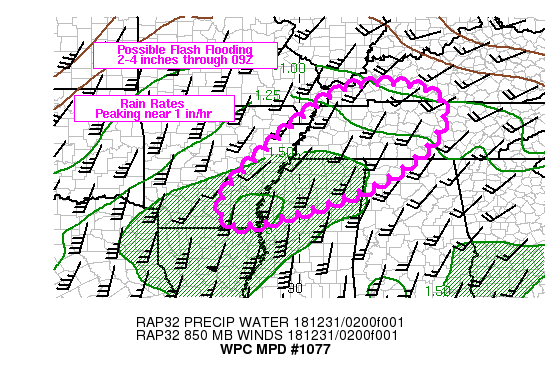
Areas affected...portions of the lower Mississippi to lower Ohio
Valleys

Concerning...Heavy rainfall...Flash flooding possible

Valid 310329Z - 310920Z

Summary...Flash flooding will be possible for portions of the
lower Mississippi Valley into western Tennessee and the lower Ohio
Valley through 09Z. Rainfall rates peaking near 1 in/hr along with
periods of training will allow for 2-4 inches of rain in a few
locations over a 6 hour duration.

Discussion...03Z radar imagery showed a broad area of light to
moderate rain with embedded heavy elements in southeastern
Arkansas into northern Mississippi. Heavy rain was occurring at
the leading edge of a strengthening 850 mb surge of winds with
02-03Z VAD wind plots showing 40-45 kt at KPOE and KDGX but only
10-20 kt at KLZK and KNQA from the south to south-southwest. The
axis of strong low level speed convergence currently extending
from southern Arkansas into northern Mississippi is forecast by
the RAP to track toward the north-northeast, reaching northeastern
Arkansas to the western Kentucky/Tennessee border by 09Z along
with 850 mb wind speeds peaking near 60 kt.

00-02Z Precipitable water values (per sounding and GPS data) were
anomalously high at LZK, JAN, SHV with values ranging between 1.4
to 1.7 inches, near the 95th percentile, but MUCAPE was somewhat
lacking, only near 500 J/kg across southern Arkansas and northern
Mississippi with less than 100 J/kg in western Tennessee. Mean
storm motions are very close to the 850 mb wind direction which
will promote periods of training with a general movement off
toward the east with time. 3-hourly rainfall rates are expected to
eclipse 2 inches in a few locations which is what Flash Flood
Guidance currently shows across roughly half of the MPD threat
area, with 6 hour totals between 2-4 inches. While these rains are
forecast to occur in a relative min of 7-14 day rainfall
departures from normal, flash flooding may still occur in a few
locations given the proximity to Flash Flood Guidance and locally
sensitive locations.